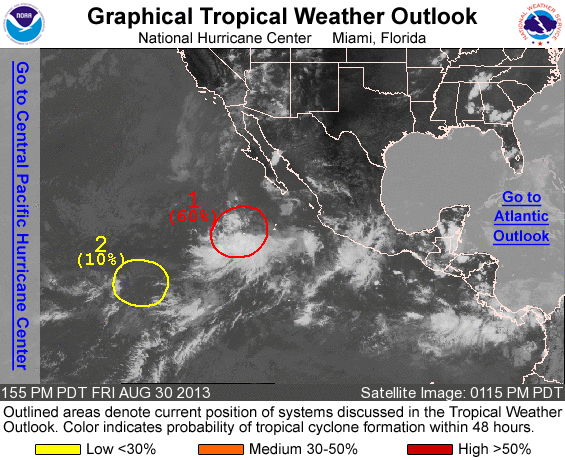
FOR THE EASTERN NORTH PACIFIC...EAST OF 140 DEGREES WEST LONGITUDE..

UPDATED FIRST SYSTEM FOR A HIGH CHANCE OF TROPICAL CYCLONE FORMATION

1. SATELLITE AND MICROWAVE DATA INDICATE THAT SHOWERS AND THUNDERSTORMS ASSOCIATED WITH AN AREA OF LOW PRESSURE CENTERED ABOUT 500 MILES SOUTHWEST OF THE SOUTHERN TIP OF THE BAJA CALIFORNIA PENINSULA HAVE BECOME MUCH MORE ORGANIZED. THIS LOW IS LIKELY TO BECOME A TROPICAL DEPRESSION LATER TODAY OR EARLY TOMORROW BEFORE IT ENCOUNTERS COOLER WATERS LATER THIS WEEKEND. THIS SYSTEM HAS A HIGH CHANCE...60 PERCENT...OF BECOMING A TROPICAL CYCLONE DURING THE NEXT 48 HOURS WHILE IT MOVES TO THE NORTH AT ABOUT 10 MPH...AND A HIGH CHANCE...60 PERCENT...OF BECOMING A TROPICAL CYCLONE DURING THE NEXT 5 DAYS.

2. SHOWER AND THUNDERSTORM ACTIVITY ASSOCIATED WITH A WELL-DEFINED AREA OF LOW PRESSURE LOCATED ABOUT 1375 MILES SOUTHWEST OF THE SOUTHERN TIP OF THE BAJA CALIFORNIA PENINSULA HAS DIMINISHED DURING THE MORNING. LITTLE DEVELOPMENT...IF ANY...OF THIS SYSTEM IS EXPECTED TO OCCUR DURING THE NEXT COUPLE OF DAYS AS IT MOVES SLOWLY NORTHEASTWARD. THIS DISTURBANCE HAS A LOW CHANCE...10 PERCENT...OF BECOMING A TROPICAL CYCLONE DURING THE NEXT 48 HOURS...AND A LOW CHANCE...10 PERCENT...OF BECOMING A TROPICAL CYCLONE DURING THE NEXT 5 DAYS.

OTHER SYSTEMS WITH FORMATION POTENTIAL BEYOND 48 HOURS...

AN AREA OF DISTURBED WEATHER COULD FORM A FEW HUNDRED MILES SOUTH OF THE SOUTHERN COAST OF MEXICO IN A FEW DAYS. CONDITIONS APPEAR TO BE CONDUCIVE FOR SOME SLOW DEVELOPMENT OF THIS DISTURBANCE...WHICH MAY MOVE SLOWLY TOWARD THE NORTHWEST. THIS SYSTEM HAS A LOW CHANCE...NEAR 0 PERCENT...OF BECOMING A TROPICAL CYCLONE DURING THE NEXT 48 HOURS...AND A LOW CHANCE...20 PERCENT...OF BECOMING A TROPICAL CYCLONE DURING THE NEXT 5 DAYS.

FIVE-DAY FORMATION PROBABILITIES ARE EXPERIMENTAL IN 2013. COMMENTS ON THE EXPERIMENTAL FORECASTS CAN BE PROVIDED AT...

HTTP://WWW.NWS.NOAA.GOV/SURVEY/NWS-SURVEY.PHP?CODE=ETWO

FORECASTER BLAKE